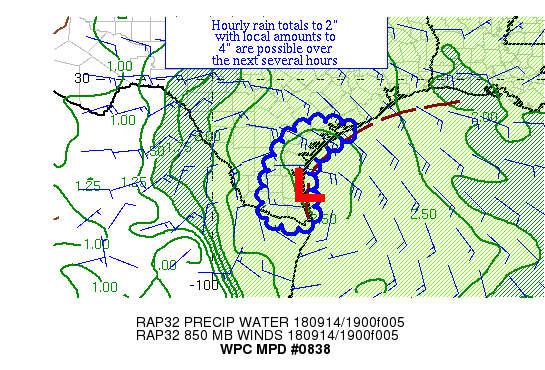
Areas affected...Portions of the Lower & Middle TX Coast

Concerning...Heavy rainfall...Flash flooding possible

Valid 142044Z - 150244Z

Summary...Rain totals/rates are beginning to increase south of
Matagorda Bay as cell coverage begins to increase.  Hourly rain
totals to 2" with local amounts to 4" are possible.

Discussion...Showers and thunderstorms are slowly increasing in
coverage north and northeast of a surface low just offshore Padre
Island near an associated inverted trough poised to move inland
into South TX.  Precipitable water values are near 2.5" per GPS
data.  ML CAPE values of 500-1500 J/kg exist here.  Inflow at 850
hPa is ~20 kts per VAD wind profiles.

The mesoscale guidance has a scattered signal for heavy rainfall
over the next several hours, though the activity has been a couple
hours delayed so far per the 12z HREF probabilities of 1"+ an
hour.  So far, there have been occasional short convective bands
which have dumped a quick 2" of rain.  Activity with heavy
rainfall is expected to shift southward through the area as the
stronger 850 hPa inflow shifts southward in the wake of the
disturbance's passage inland.  Hourly rain totals to 2" with local
amounts to 4" are possible in this region.  Over saturated soils
and urban areas this is a concern.